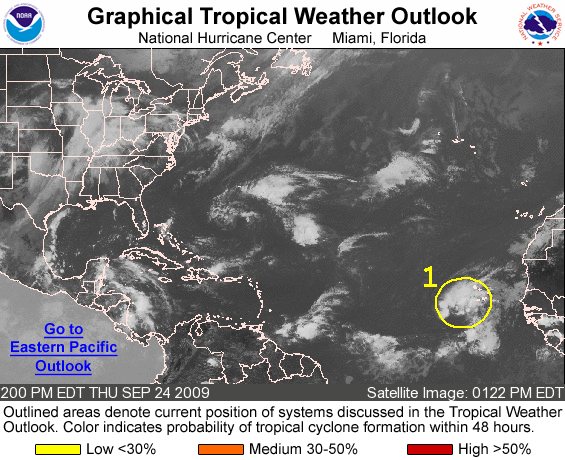
FOR THE NORTH ATLANTIC...CARIBBEAN SEA AND THE GULF OF MEXICO...

1. A TROPICAL WAVE LOCATED JUST WEST OF THE CAPE VERDE ISLANDS IS PRODUCING DISORGANIZED SHOWER ACTIVITY. SOME SLOW DEVELOPMENT OF THIS SYSTEM IS POSSIBLE DURING THE NEXT DAY OR TWO AS IT MOVES WEST-NORTHWESTWARD AT 10 TO 15 MPH. THERE IS A LOW CHANCE...LESS THAN 30 PERCENT...OF THIS SYSTEM BECOMING A TROPICAL CYCLONE DURING THE NEXT 48 HOURS.

2.

TROPICAL CYCLONE FORMATION IS NOT EXPECTED DURING THE NEXT 48 HOURS.

FORECASTER BEVEN